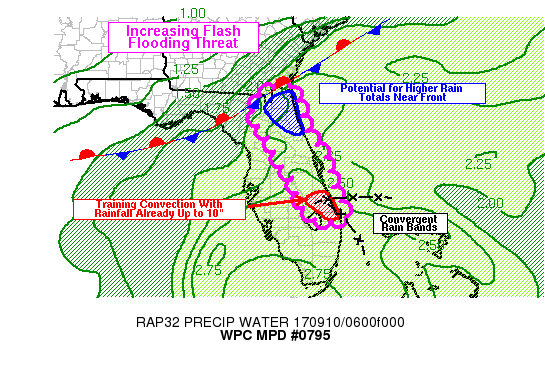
AREAS AFFECTED...NORTHEAST AND EAST CENTRAL FLORIDA

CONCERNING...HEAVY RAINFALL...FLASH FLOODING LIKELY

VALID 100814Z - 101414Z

SUMMARY...ONGOING FLASH FLOODING IN THE FORT PIERCE AREA MAY BE
EXACERBATED BY CONTINUED TRAINING OF TROPICAL CONVECTION...WITH AN
INCREASING FLASH FLOOD THREAT IN THE REST OF COASTAL NORTHEAST AND
EAST CENTRAL FLORIDA.

DISCUSSION...A LOW-LEVEL CONVERGENCE ZONE BECAME FOCUSED FROM NEAR
THE NORTH END OF LAKE OKEECHOBEE...TO FORT PIERCE...AND EXTENDING
ENE INTO THE ATLANTIC OCEAN BETWEEN 04Z AND 08Z. TROPICAL RAIN
BANDS HAVE BECOME BETTER ORGANIZED ALONG THIS MESOSCALE FOCUSING
MECHANISM AND HAVE PRODUCED SIGNIFICANT RAINFALL TOTALS IN JUST A
FEW HOURS. AN ADDITIONAL CONVERGENT RAIN BAND ALSO EXTENDED FROM
NEAR FORT PIERCE TO THE SOUTHEAST...AND LIKELY CONTRIBUTED TO
EXTREMELY HIGH RAIN RATES. A WEATHER STATION ON THE SOUTH SIDE OF
FORT PIERCE HAD A 4-HOUR TOTAL OF 10.53 INCHES OF RAIN SINCE
MIDNIGHT EDT. KMLB RADAR KDP VALUES HAVE BEEN ELEVATED IN THESE
BANDS...SUGGESTING EXTREMELY HIGH INSTANTANEOUS RAIN RATES.

IT IS ENTIRELY POSSIBLE THAT THIS TRAINING CONVECTION WILL BE
MAINTAINED FOR ANOTHER SEVERAL HOURS...ALTHOUGH KMLB RADAR DID
SHOW A SLIGHT NORTHWARD DRIFT BEGINNING AROUND 08Z. THIS COULD
SPREAD THE HEAVY RAINFALL AND THREAT OF FLASH FLOODING A BIT
FURTHER UP THE EAST CENTRAL FLORIDA COAST.

HI-RES MODEL GUIDANCE DOES SUGGEST AN ADDITIONAL AREA OF FOCUSED
HEAVY RAINFALL DEVELOPING IN NORTHEAST FLORIDA NEAR JACKSONVILLE
METRO BETWEEN 09Z AND 15Z NEAR A STATIONARY FRONT AND LOW-LEVEL
THETAE GRADIENT. THE FUNDAMENTAL SETUP IS SIMILAR TO THAT FURTHER
DOWN THE COAST - FOCUSED LOW-LEVEL CONVERGENCE MAINTAINED FOR AT
LEAST A FEW HOURS...AND INCREASING UPPER LEVEL DIVERGENCE IN THE
RIGHT ENTRANCE REGION OF A DEVELOPING JET STREAK OVER GEORGIA AND
SOUTH CAROLINA. THIS DEVELOPING JET STREAK AND ATTENDANT REGION OF
ASCENT ARE EVIDENT IN SATELLITE IMAGERY WITH LARGE CURVED BAND OF
CIRRUS WITH EMBEDDED TRANSVERSE BANDS...ARCING FROM THE NORTHEAST
GULF TO THE COASTAL CAROLINAS.

THEREFORE...THERE MAY BE ANOTHER FOCUSED AREA WITH POTENTIAL FOR
HIGHER RAIN TOTALS NEAR JACKSONVILLE IN NORTHEAST
FLORIDA...ALTHOUGH HEAVY RAIN RATES WILL BE POSSIBLE ANYWHERE
ALONG THE EASTERN FLORIDA COASTLINE IN THE TROPICAL ENVIRONMENT
AHEAD OF HURRICANE IRMA. IF RAIN BANDS ARE PERSISTENT
ENOUGH...HOURLY TOTALS IN EXCESS OF 3 IN/HR ARE CERTAINLY
ACHIEVABLE ANYWHERE WITHIN THE MPD AREA WHICH WOULD LIKELY LEAD TO
FLASH FLOODING.